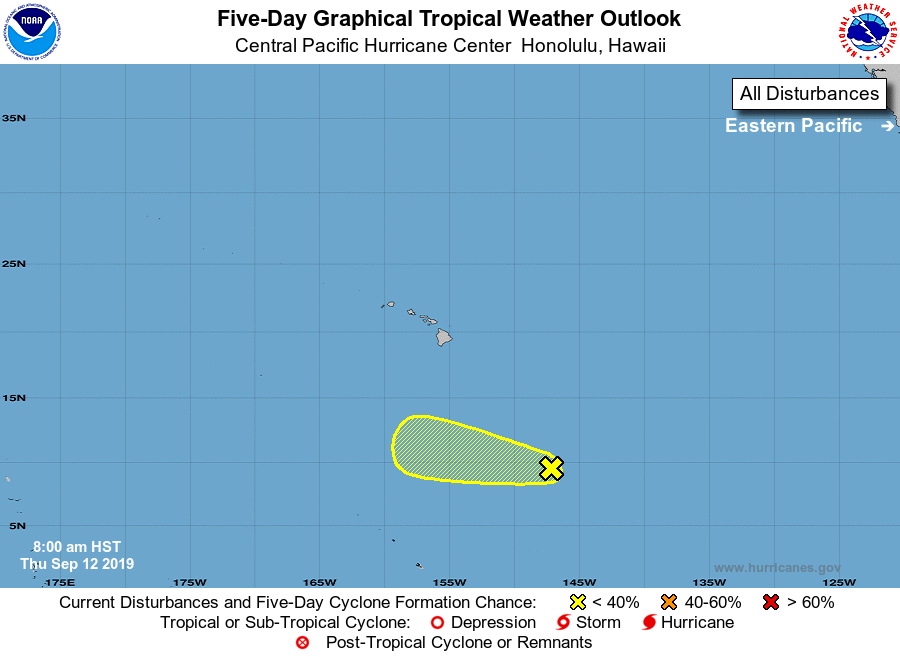
For the central North Pacific...between 140W and 180W:

1. An area of low pressure is expected to form Friday through Saturday around 900 miles southeast of the Big Island of Hawaii. Some development is possible thereafter while the system moves west-northwestward through early next week.
* Formation chance through 48 hours...low...near 0 percent.
* Formation chance through 5 days...low...20 percent.

Elsewhere, no tropical cyclones are expected during the next 5 days.

Forecaster Foster